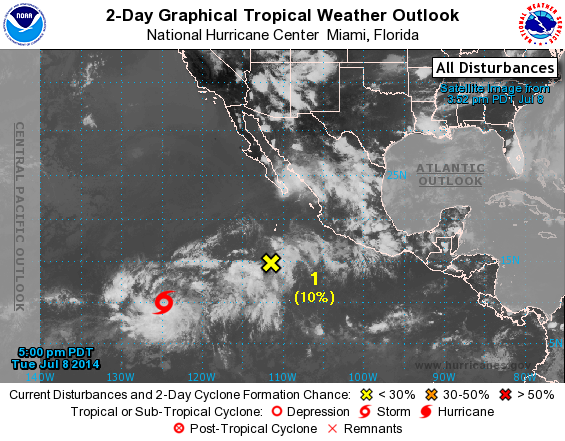
For the eastern North Pacific...east of 140 degrees west longitude:

The National Hurricane Center is issuing advisories on Tropical Storm Fausto, located more than a thousand miles southwest of the southern tip of the Baja California Peninsula.

1. Disorganized showers and thunderstorms continue near a broad trough of low pressure located several hundred miles southwest of Manzanillo, Mexico. Development, if any, of this system should be slow to occur during the next day or so while it moves west- northwestward at 10 to 15 mph. After that time, strong upper-level winds are expected to preclude any development.
* Formation chance through 48 hours...low...10 percent.
* Formation chance through 5 days...low...10 percent.

Forecaster Blake